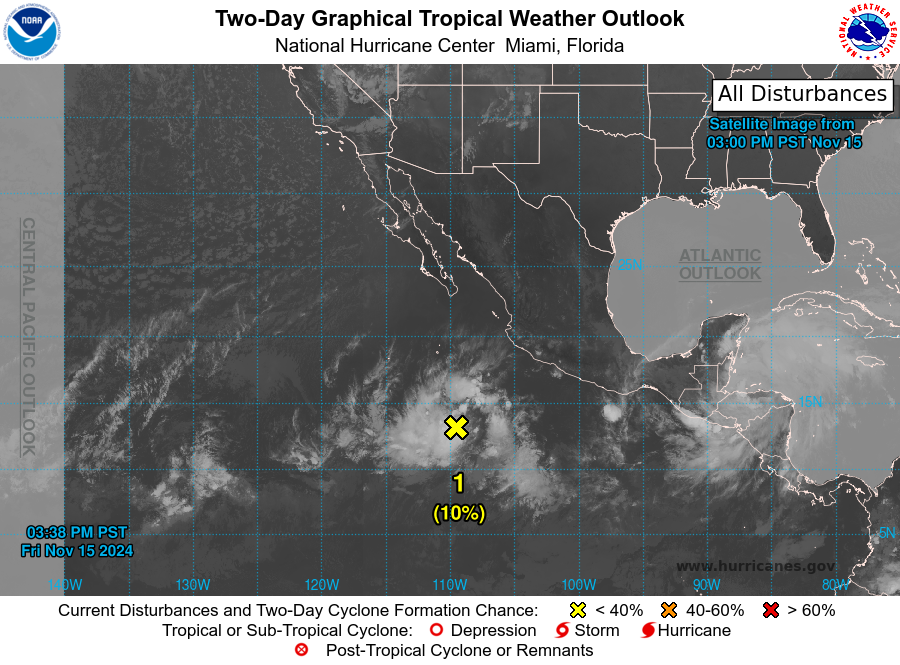
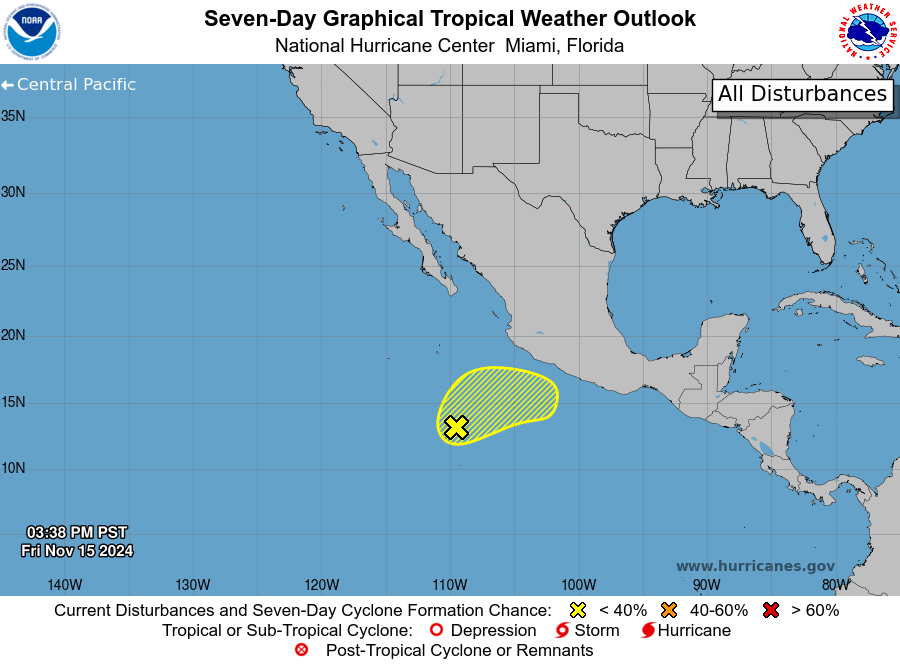
For the eastern North Pacific...east of 140 degrees west longitude:

1. Central Portion of the East Pacific: A broad area of low pressure located several hundred miles southwest of the coast of southwestern Mexico is producing disorganized shower and thunderstorm activity. Environmental conditions could allow for some slow development of this system while it moves slowly east-northeastward.
* Formation chance through 48 hours...low...10 percent.
* Formation chance through 7 days...low...10 percent.

Forecaster Reinhart